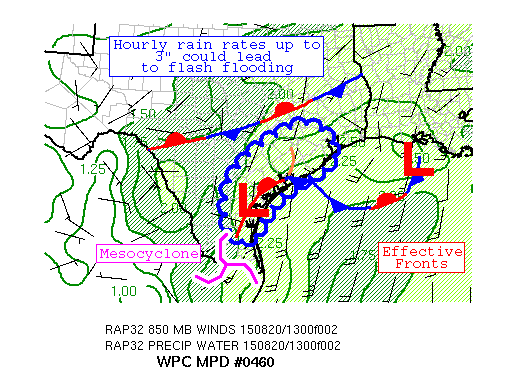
AREAS AFFECTED...MIDDLE TX COAST

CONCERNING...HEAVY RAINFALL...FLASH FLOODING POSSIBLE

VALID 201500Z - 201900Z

SUMMARY...THUNDERSTORMS WITH HEAVY RAINFALL CONTINUE MOVING DOWN
THE TX COASTLINE.  FLASH FLOODING REMAINS POSSIBLE.

DISCUSSION...A BROAD MESOCYCLONE NEAR THE TX/MEXICO BORDER IS
CONTROLLING THE FLOW PATTERN IN THE REGION MORE THAN PREVIOUS RAP
GUIDANCE INDICATED.  THIS BROADER CIRCULATION HAS LED TO A SMALLER
MESOCYCLONE MOVING INTO PORT LAVACA RECENTLY, WHICH HAS FORCED THE
LOW-LEVEL FLOW TO BE MORE CONVERGENT THAN FORECAST.  PRECIPITABLE
WATER VALUES REMAIN BETWEEN 2-2.5" IN THIS REGION, WITH 850 HPA
INFLOW OF ~20 KTS.  MLCAPES OF 3000-4000 J/KG LIE ACROSS THE
MIDDLE TX COAST AND JUST OFFSHORE.

SINCE THE GUIDANCE HAS STRUGGLED WITH THEIR MASS FIELDS, WILL
ATTEMPT TO USE RECENT RADAR/ SATELLITE TRENDS AND THE MESOSCALE
QPF OUTPUT TO MAKE AN ASSESSMENT.  THE MATURE MCS IS EXPECTED TO
CONTINUE MOVING DOWN THE COAST AT ~10 KTS AS AN OUTFLOW BOUNDARY
CONTINUES MOVING SOUTHWESTWARD.  THE MESOSCALE QPF GUIDANCE
GENERALLY INDICATES THAT LOCAL 4" AMOUNTS REMAIN POSSIBLE AFTER
15Z.  WITH HOURLY RAIN RATES UP TO 3" INDICATED BY RADAR RECENTLY,
THE RAINFALL COULD FALL QUICKLY.  THE 06Z NEIGHBORHOOD
PROBABILITIES SHOW A WEAKER SIGNAL ALONG THE MIDDLE TX COAST WHICH
FADES AFTER 19Z.  WHILE CONVECTION SO FAR HAS BEEN COASTAL,
DAYTIME HEATING COULD ALLOW PERIPHERAL THUNDERSTORMS AHEAD OF THE
FRONT TO BECOME MORE OF A PLAYER FROM A HEAVY RAINFALL
PERSPECTIVE.  THUNDERSTORM COMPLEXES WITH THIS APPEARANCE TEND TO
LAST ANOTHER 3-4 HOURS; USED A FOUR HOUR WINDOW FOR THE MPD.